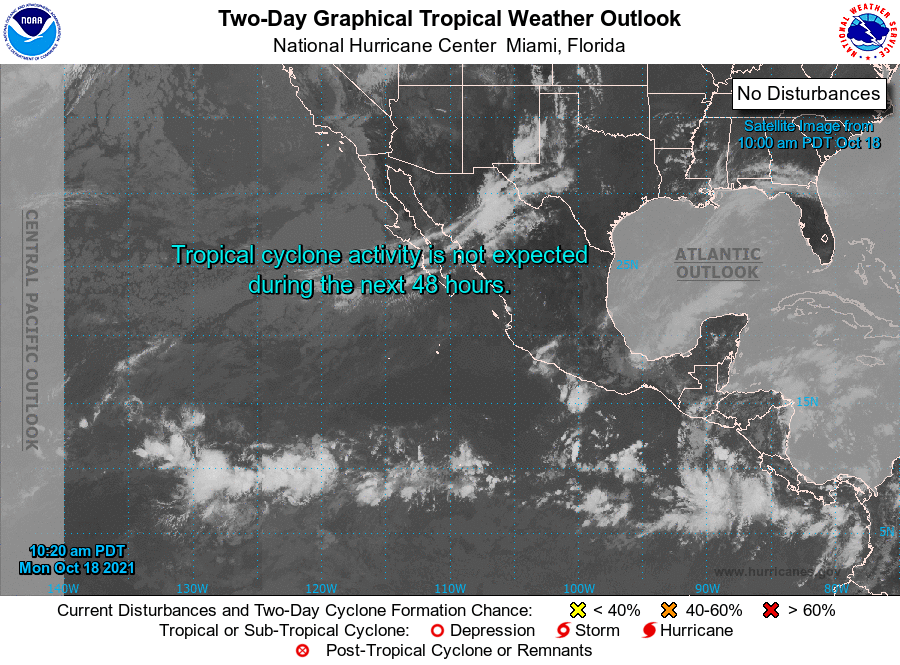
For the eastern North Pacific...east of 140 degrees west longitude:

1. A broad area of low pressure is expected to form in a few days a couple of hundred miles south of the coast of southern Mexico. Environmental conditions are expected to be conducive to support some development thereafter, and a tropical depression could form late this week or this weekend while the system moves west-northwestward to northwestward near or just south of the coast of southern Mexico.
* Formation chance through 48 hours...low...near 0 percent.
* Formation chance through 5 days...medium...40 percent.

Forecaster Brown